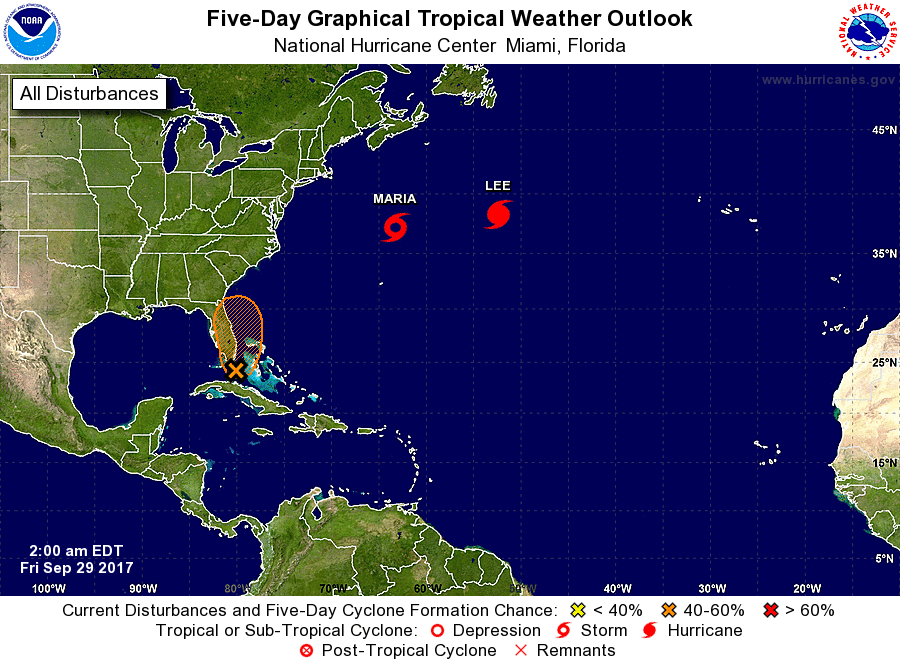
For the North Atlantic...Caribbean Sea and the Gulf of Mexico:

The National Hurricane Center is issuing advisories on Tropical Storm Maria, located over the western Atlantic Ocean a few hundred miles north of Bermuda, and on Hurricane Lee, located over the central Atlantic Ocean several hundred miles east-northeast of Bermuda.

1. A large area of cloudiness and showers extending from the northwestern Caribbean Sea northward across Cuba to southern Florida and the northwestern Bahamas is associated with a broad surface trough interacting with an upper-level low. A weak area of low pressure is likely to form from this weather system later today and move northward near the east coast of the Florida peninsula through Saturday. Environmental conditions appear conducive for some development of this system during the next couple of days, before upper-level winds become less favorable Saturday night or Sunday. Regardless of development, this system is likely to produce locally heavy rainfall over portions of central and western Cuba, the Florida Keys, the Florida peninsula, and the northwestern Bahamas during the next several days.
* Formation chance through 48 hours...medium...40 percent.
* Formation chance through 5 days...medium...40 percent.

Forecaster Berg